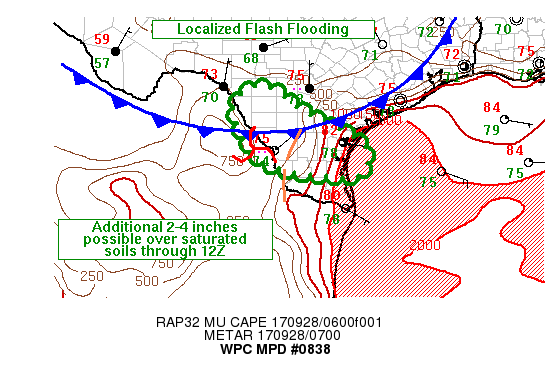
AREAS AFFECTED...PORTIONS OF SOUTH TEXAS

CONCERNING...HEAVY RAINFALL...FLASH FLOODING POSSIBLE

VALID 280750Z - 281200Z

SUMMARY...INCREASING RAINFALL INTENSITY THROUGH MORNING ON TOP OF
SATURATED SOIL MAY CAUSE FLASH FLOODING OVER PORTIONS OF SOUTH
TEXAS. WHERE CELLS TRAIN...ADDITIONAL RAINFALL TOTALS OF 2-4
INCHES WILL BE POSSIBLE THROUGH 12Z.

DISCUSSION...KCRP REFLECTIVITY DATA OVER THE PAST HOUR SHOWED AN
INCREASING COVERAGE OF SHOWERS/THUNDERSTORMS OVER JIM WELLS/DUVAL
COUNTIES...WNWWD INTO LA SALLE AND WEBB COUNTIES. TRAINING WITHIN
THESE CORES SHOWED RADAR ESTIMATED RAINFALL RATES OF 0.5 TO 1.0
IN/HR WITHIN THE HEAVIER RAINFALL CORES ENDING AT 0730Z. A
COMBINATION OF RADAR AND NON-OPERATIONAL GOES 16 INFRARED IMAGERY
INDICATED THE PRESENCE OF AN MCV WEST OF LRD...WITH A SLOW EWD
DRIFT OVER THE PAST 2-3 HOURS. THE LATEST SPC MESOANALYSIS
DEPICTED 500-1000+ J/KG MLCAPE OVER FAR SOUTH TEXAS...GREATER NEAR
THE COAST WITH ELY FLOW BETWEEN 925 AND 850 MB SEEM IN VAD WIND
PLOTS AND RAP ANALYSES.

GIVEN NO NOTABLE CHANGE IN LOW LEVEL WINDS VIA VAD WIND DATA SINCE
03Z...AND ONLY A SLOW SWD SHIFT TO A SURFACE COLD FRONT OVER THE
PAST FEW HOURS...THE BIGGEST CONTRIBUTING FACTOR TO THE RECENT
INCREASE IN RAINFALL RATES IS LIKELY THE SUBTLE EWD SHIFT TO THE
MCV WEST OF LRD AND BETTER LOW LEVEL CONFLUENCE. NO APPRECIABLE
SHIFT TO WEAK UPPER LEVEL DIFFLUENCE AND ONLY A SUBTLE VEERING OF
LOW LEVEL FLOW IS FORECAST IN THE NEXT FEW HOURS. HI-RES GUIDANCE
AND RECENT RUNS OF THE HRRR HAVE NOT BEEN HANDLING ONGOING TRENDS
WELL SO CONFIDENCE IS A BIT MORE LIMITED THAN USUAL.
HOWEVER...OBSERVATION TRENDS SUGGEST AN INCREASE IN RAINFALL
COVERAGE AND INTENSITY WILL CONTINUE OVER THE NEXT FEW
HOURS...WITH AN ADDITIONAL 2-4 INCHES EXPECTED THROUGH 12Z WITH A
POSSIBLE DISRUPTION TO ORGANIZATION AFTER SUNRISE AND THE ONSET OF
DIABATIC HEATING. GIVEN SATURATED SOILS FROM RECENT HEAVY
RAINFALL...FLASH FLOODING WILL BE POSSIBLE.